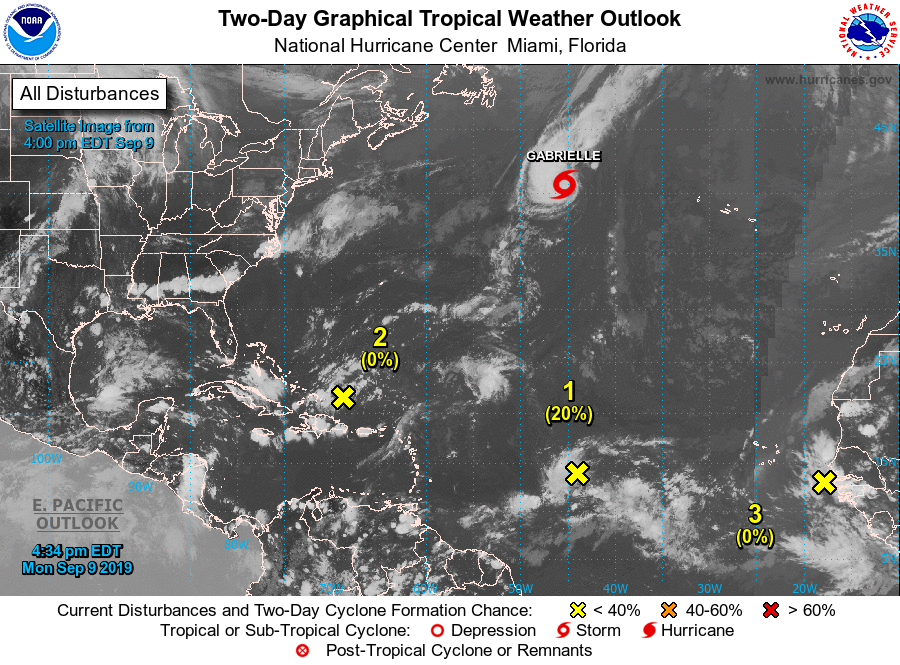
For the North Atlantic...Caribbean Sea and the Gulf of Mexico:

The National Hurricane Center is issuing advisories on Tropical Storm Gabrielle, located over the north-central Atlantic Ocean.

1. A weak area of low pressure, associated with a tropical wave, centered about 1200 miles east of the Lesser Antilles continues to produce disorganized showers and thunderstorms. Some slow development of this system is possible during the next two or three days before upper-level winds become unfavorable for tropical cyclone formation. This system is expected to move generally westward across the tropical Atlantic Ocean for the next several days.
* Formation chance through 48 hours...low...20 percent.
* Formation chance through 5 days...low...30 percent.

2. Disorganized cloudiness and showers located a few hundred miles north of Hispaniola are associated with a surface trough interacting with an upper-level low. Little-to-no development of this system is expected during the next day or two while it moves west- northwestward near the southeastern Bahamas. Environmental conditions could become a little more conducive for development when the disturbance moves near the northwestern Bahamas, south Florida and over the southeastern Gulf of Mexico late this week.
* Formation chance through 48 hours...low...near 0 percent.
* Formation chance through 5 days...low...20 percent.

3. A tropical wave currently near the west coast of Africa is expected to move quickly westward during the next several days. Some slow development is possible late this week or over the weekend when the system is several hundred miles east of the Lesser Antilles.
* Formation chance through 48 hours...low...near 0 percent.
* Formation chance through 5 days...low...20 percent.

Forecaster Taylor/Blake